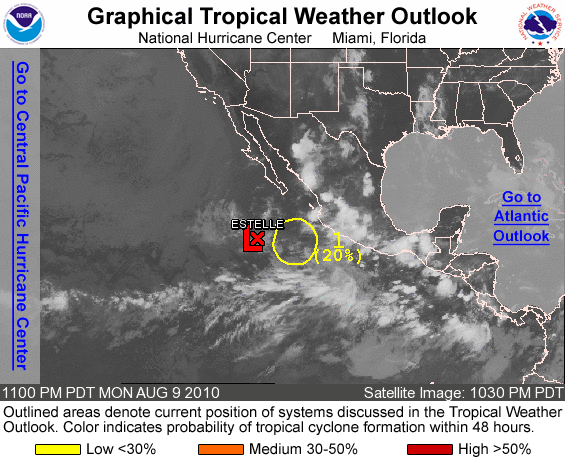
FOR THE EASTERN NORTH PACIFIC...EAST OF 140 DEGREES WEST LONGITUDE..

THE NATIONAL HURRICANE CENTER IS ISSUING ADVISORIES ON TROPICAL DEPRESSION ESTELLE...LOCATED ABOUT 420 MILES SOUTH-SOUTHWEST OF THE SOUTHERN TIP OF BAJA CALIFORNIA.

1. SHOWER ACTIVITY REMAINS LIMITED IN ASSOCIATION WITH A STATIONARY LOW PRESSURE SYSTEM LOCATED ABOUT 200 MILES WEST-SOUTHWEST OF MANZANILLO MEXICO. ANY DEVELOPMENT OF THIS SYSTEM WILL LIKELY TO BE SLOW TO OCCUR DUE TO UNFAVORABLE UPPER-LEVEL WINDS. THERE IS A LOW CHANCE...20 PERCENT...OF THIS SYSTEM BECOMING A TROPICAL CYCLONE DURING THE NEXT 48 HOURS.

ELSEWHERE...TROPICAL CYCLONE FORMATION IS NOT EXPECTED DURING THE NEXT 48 HOURS.

FORECASTER STEWART